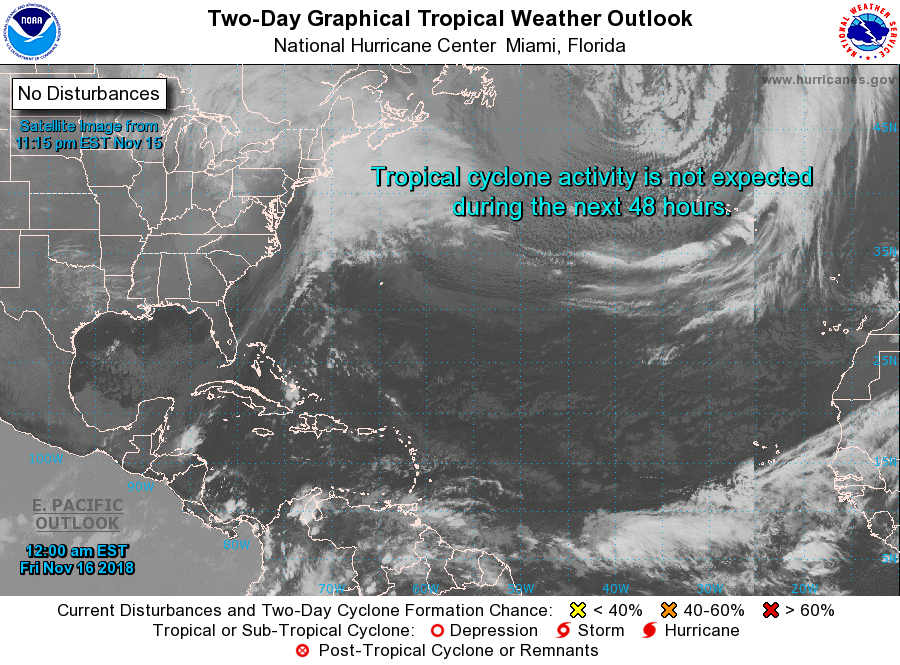
For the North Atlantic...Caribbean Sea and the Gulf of Mexico:

Tropical cyclone formation is not expected during the next 5 days.

Forecaster Cangialosi